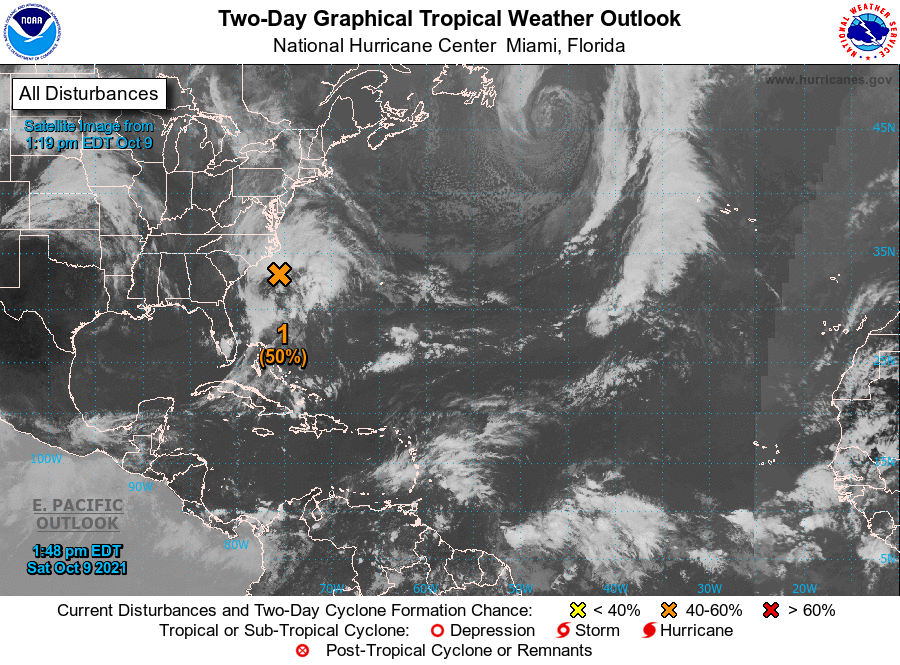
For the North Atlantic...Caribbean Sea and the Gulf of Mexico:

Satellite-derived wind data and surface observations indicate that a large, non-tropical low pressure system located about 150 miles southeast of Morehead City and Wilmington, North Carolina, is producing a broad area of gale-force winds to the west and north of the center. Associated shower and thunderstorm activity has been gradually increasing and becoming better organized today, and the low could acquire subtropical characteristics late this afternoon through early Sunday. However, by late Sunday and Monday, environmental conditions should become unfavorable for any further development. The low is forecast to move slowly northwestward during the next day or so, and approach the North Carolina coast tonight and early Sunday. Therefore, interests along the North Carolina coast should monitor the progress of this system. See local National Weather Service office products for more information.

1. Regardless of development, intermittent periods of locally heavy rains and gusty winds will affect southeastern and eastern portions of North Carolina during the next day or two. An Air Force Reserve reconnaissance aircraft is currently investigating the gale area. Additional information on this low pressure system, including gale warnings, can be found in High Seas Forecasts issued by the National Weather Service.
* Formation chance through 48 hours...medium...50 percent.
* Formation chance through 5 days...medium...50 percent.

High Seas Forecasts issued by the National Weather Service can be found under AWIPS header NFDHSFAT1, WMO header FZNT01 KWBC, and online at ocean.weather.gov/shtml/NFDHSFAT1.php

Forecaster Stewart